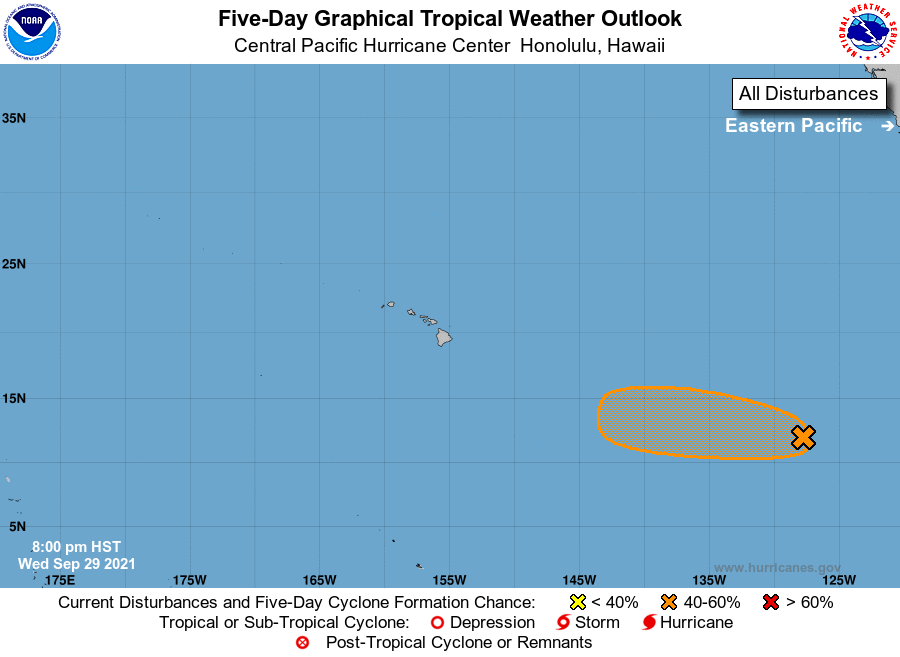
For the central North Pacific...between 140W and 180W:

1. A broad area of low pressure located about 1850 miles southeast of Hilo is producing disorganized showers and thunderstorms. Environmental conditions are expected to become somewhat conducive for slow development the next several days. A tropical depression may form this weekend or early next week as the system generally moves west at around 10 mph.
* Formation chance through 48 hours...low...20 percent.
* Formation chance through 5 days...medium...40 percent.

Elsewhere, no tropical cyclones are expected during the next 5 days.

Forecaster Blood